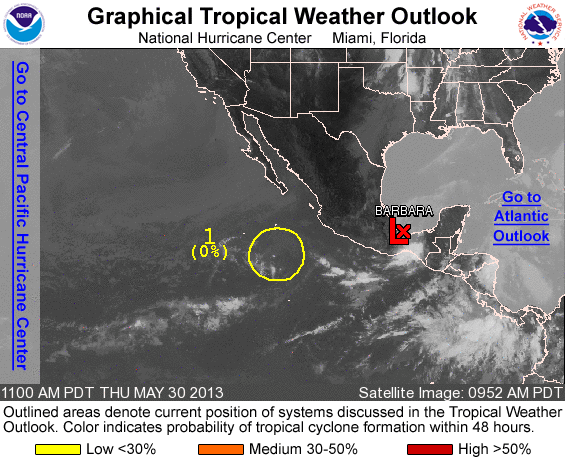
FOR THE EASTERN NORTH PACIFIC...EAST OF 140 DEGREES WEST LONGITUDE..

THE NATIONAL HURRICANE CENTER IS ISSUING ADVISORIES ON TROPICAL DEPRESSION BARBARA...LOCATED NEAR THE GULF COAST OF MEXICO.

1. SHOWERS AND THUNDERSTORMS HAVE MOSTLY DISSIPATED IN ASSOCIATION WITH THE AREA OF LOW PRESSURE LOCATED ABOUT 500 MILES SOUTH OF THE SOUTHERN TIP OF THE BAJA CALIFORNIA PENINSULA. ENVIRONMENTAL CONDITIONS DO NOT FAVOR REDEVELOPMENT OF THE LOW AS IT MOVES NORTHEASTWARD AT ABOUT 10 MPH DURING THE NEXT COUPLE OF DAYS. THIS SYSTEM HAS A LOW CHANCE...NEAR 0 PERCENT...OF BECOMING A TROPICAL CYCLONE DURING THE NEXT 48 HOURS.

ELSEWHERE...TROPICAL CYCLONE FORMATION IS NOT EXPECTED DURING THE NEXT 48 HOURS.

FORECASTER LANDSEA